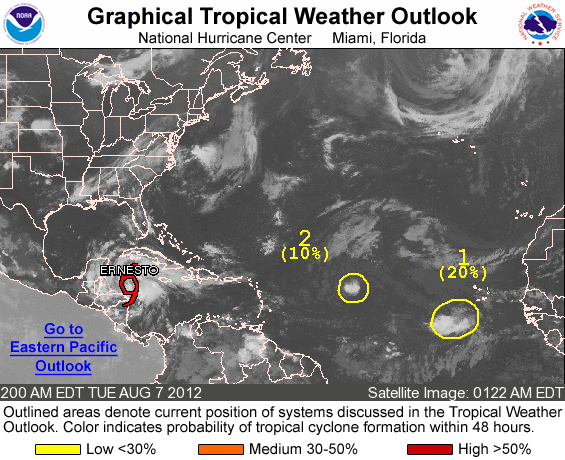
FOR THE NORTH ATLANTIC...CARIBBEAN SEA AND THE GULF OF MEXICO...

THE NATIONAL HURRICANE CENTER IS ISSUING ADVISORIES ON TROPICAL STORM ERNESTO...LOCATED ABOUT 225 MILES EAST-NORTHEAST OF ISLA ROATAN HONDURAS.

1. A TROPICAL WAVE CONTINUES TO PRODUCE AN AREA OF SHOWERS AND THUNDERSTORMS A FEW HUNDRED MILES SOUTHWEST OF THE CAPE VERDE ISLANDS. THE CIRCULATION ASSOCIATED WITH THE WAVE IS CURRENTLY ELONGATED...AND UPPER-LEVEL WINDS ARE ONLY MARGINALLY CONDUCIVE FOR DEVELOPMENT. THIS SYSTEM HAS A LOW CHANCE...20 PERCENT...OF BECOMING A TROPICAL CYCLONE DURING THE NEXT 48 HOURS AS IT MOVES WESTWARD AT ABOUT 10 MPH.

2. A SMALL AREA OF SHOWERS AND THUNDERSTORMS HAS REDEVELOPED NEAR THE POST-TROPICAL REMNANT LOW OF FLORENCE...LOCATED ABOUT 1150 MILES EAST OF THE NORTHERN LEEWARD ISLANDS. ENVIRONMENTAL CONDITIONS ARE NOT CONDUCIVE FOR REDEVELOPMENT...AND THIS SYSTEM HAS A LOW CHANCE...10 PERCENT...OF AGAIN BECOMING A TROPICAL CYCLONE DURING THE NEXT 48 HOURS AS IT MOVES WESTWARD AT ABOUT 20 MPH.

ELSEWHERE...TROPICAL CYCLONE FORMATION IS NOT EXPECTED DURING THE NEXT 48 HOURS.

FORECASTER BERG